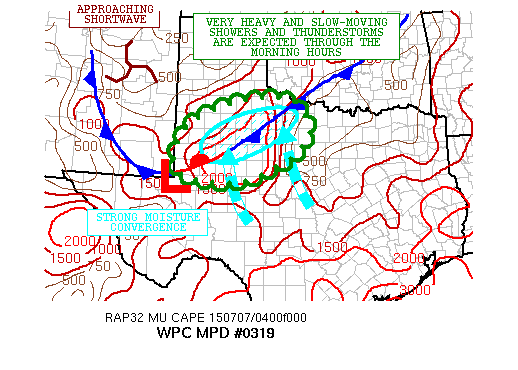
AREAS AFFECTED...WESTERN TX

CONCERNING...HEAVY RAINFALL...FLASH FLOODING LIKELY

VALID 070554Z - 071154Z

SUMMARY...HEAVY SHOWERS AND THUNDERSTORMS ARE EXPECTED TO BECOME A
BIT MORE CONCENTRATED OVER THE NEXT FEW HOURS ACROSS WEST TEXAS.
THE SLOW MOVEMENT AND INTENSE RAINFALL RATES WILL LIKELY RESULT IN
FLASH FLOODING.

DISCUSSION...DESPITE THE GENERAL TREND FOR CONVECTION ON THE
LARGER SCALE TO WEAKEN OVER THE LAST COUPLE OF HOURS OVER WEST
TEXAS...THERE IS EVIDENCE TO SUGGEST THAT CONVECTION WILL BE
REGENERATING AND TENDING TO BECOME MORE CONCENTRATED THROUGH THE
EARLY MORNING HOURS. THE LATEST GOES-RGB AIRMASS IMAGERY SHOWS
EVIDENCE OF A SHORTWAVE MOVING SLOWLY EAST THROUGH EASTERN
NM...AND THIS ENERGY WILL CROSS INTO WESTERN TX BETWEEN 09Z AND
12Z.

THE SHORTWAVE WILL BE INTERACTING WITH A FRONTAL ZONE ACROSS WEST
TEXAS WHICH IS ALSO WHERE A SIGNIFICANT AMOUNT OF LOW LEVEL
MOISTURE TRANSPORT/CONVERGENCE IS SEEN. INSTABILITY IS NOT THAT
GREAT WITH MUCAPE VALUES RATHER MODEST BETWEEN 1500 TO 2000
J/KG...BUT VAD WIND PROFILER DATA IS SHOWING 40 KT SOUTHERLY 850MB
FLOW AIMED INTO THE BOUNDARY. SUFFICIENT LARGE SCALE ASCENT FROM
THE SHORTWAVE ENERGY IS EXPECTED TO WORK WITH THE AVAILABLE
MOISTURE AND INSTABILITY FOR CONVECTION TO EXPAND IN COVERAGE AND
ORGANIZATION OVER THE NEXT FEW HOURS.

STEERING FLOW RATHER WEAK AND SO THE CONVECTION WILL BE SLOW
MOVING...AND AS SUCH THIS WILL FOSTER HEAVY RAINFALL TOTALS...AND
ESPECIALLY WITH GPS-DERIVED PWATS OVER 1.75 INCHES IN WESTERN
TEXAS ALONG THE FRONT SUPPORTING INTENSE RAINFALL RATES OF OVER 2
INCHES/HR.

THE LAST COUPLE OF RUNS OF THE HRRR HAVE BEEN QUITE IMPRESSIVE
WITH THEIR RAINFALL TOTALS. THE 04Z HRRR SUGGESTS RAINFALL AMOUNTS
OF AS MUCH 4 TO 8 INCHES BETWEEN 06Z AND 12Z. WITH LOCALLY HEAVIER
AMOUNTS. THE 00Z ARW SIMILARLY SUGGESTS HEAVY CONCENTRATED RAINS
OF LOCALLY OVER 5 INCHES. THESE RAINS ARE LIKELY TO CAUSE FLASH
FLOODING.